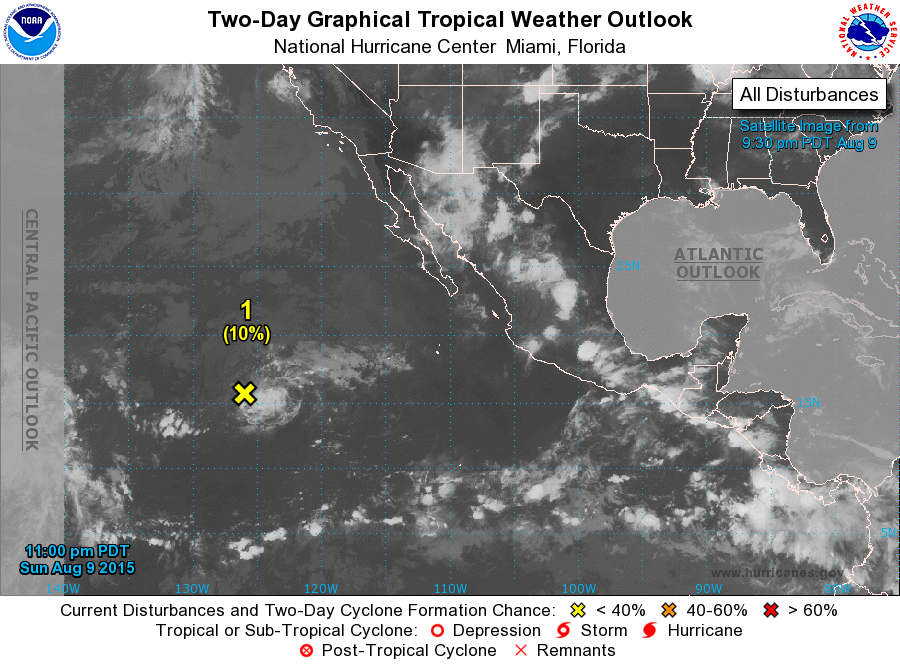
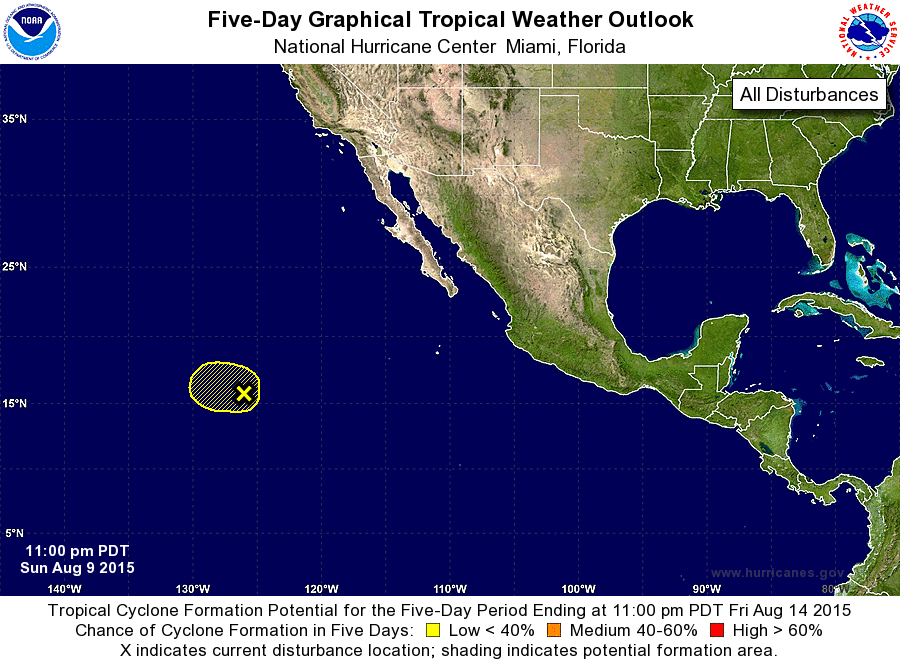
For the eastern North Pacific...east of 140 degrees west longitude:

1. A trough of low pressure located about 1200 miles west-southwest of the southern tip of the Baja California peninsula is producing disorganized cloudiness and showers. Development of this system is unlikely due to an increasingly unfavorable environment while it moves westward at around 10 mph.
* Formation chance through 48 hours...low...10 percent
* Formation chance through 5 days...low...10 percent

Forecaster Blake